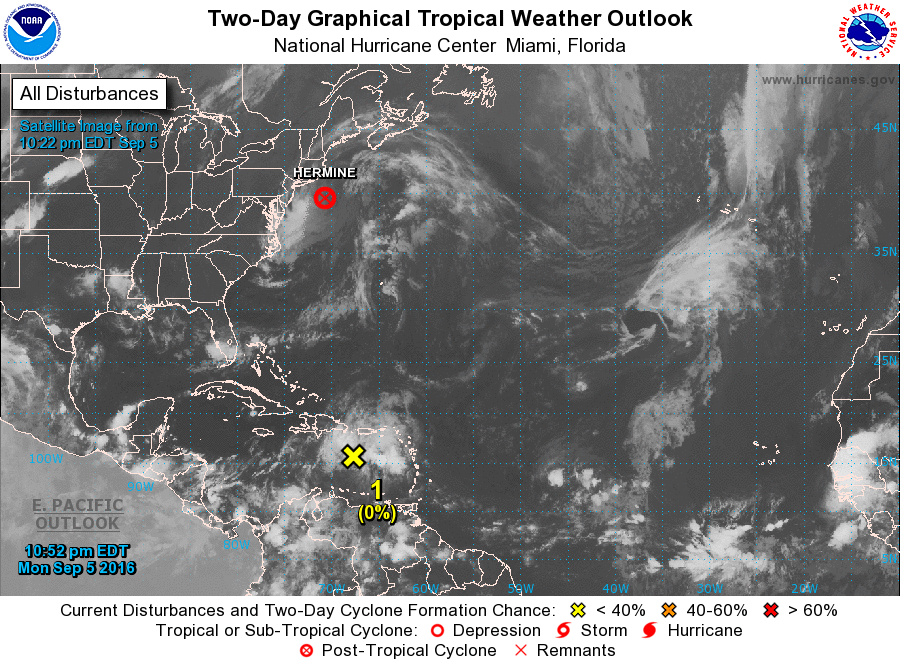
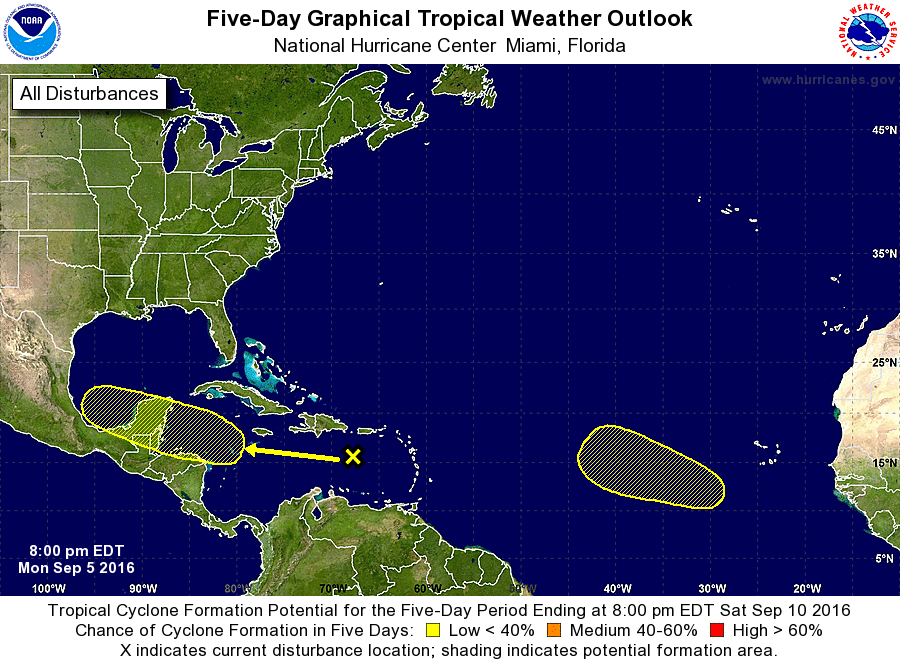
For the North Atlantic...Caribbean Sea and the Gulf of Mexico:

The National Hurricane Center is issuing advisories on Post-Tropical Cyclone Hermine, located off of the New England coast of the United States.

1. Disorganized showers and thunderstorms continue in association with a tropical wave located over eastern Caribbean. This disturbance could produce periods of locally heavy rainfall and gusty winds over portions of the Lesser Antilles, Puerto Rico and Hispaniola tonight and on Tuesday. Development of the wave is unlikely while it moves westward across the Caribbean Sea for the next few days. Upper-level winds could become a little more conducive for development when the wave approaches the Yucatan peninsula late this week.
* Formation chance through 48 hours...low...near 0 percent
* Formation chance through 5 days...low...20 percent

2. A low pressure area associated with a tropical wave is expected to form several hundred miles southwest or west-southwest of the Cabo Verde Islands late this week. Environmental conditions appear conducive for slow development of this system after that time while the system moves west-northwestward into the central tropical Atlantic.
* Formation chance through 48 hours...low...near 0 percent
* Formation chance through 5 days...low...30 percent

Forecaster Landsea